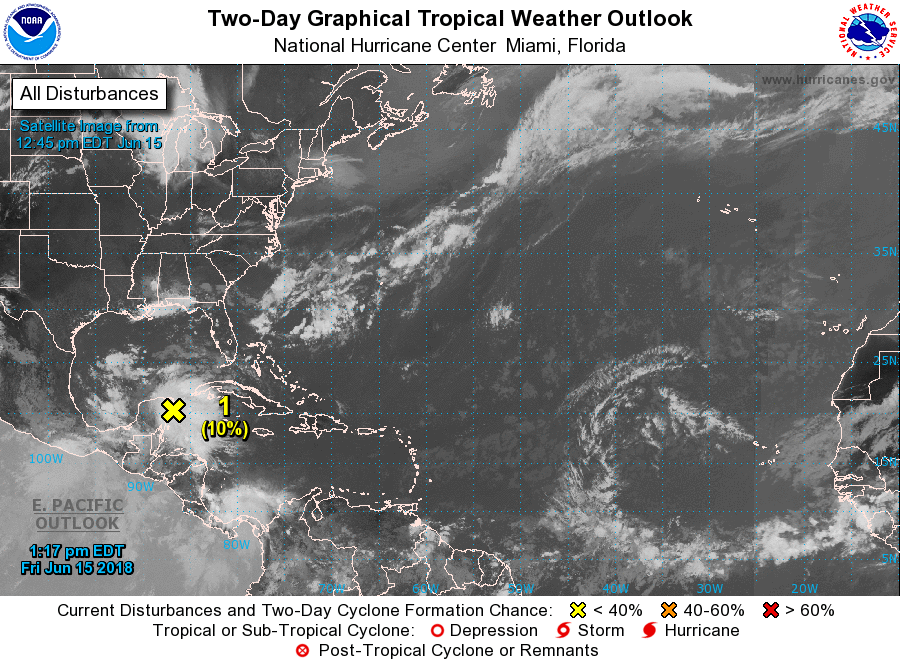
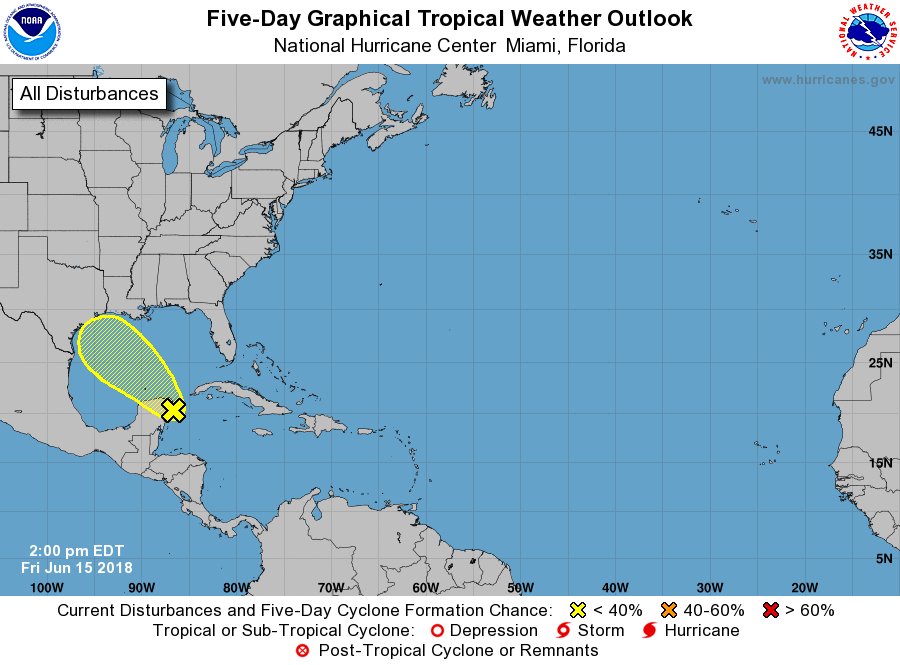
For the North Atlantic...Caribbean Sea and the Gulf of Mexico:

1. A large area of disorganized showers and thunderstorms over the northwestern Caribbean Sea and the Yucatan Peninsula is associated with a surface trough. While significant development of this system is not anticipated, heavy rain and strong gusty winds are occurring across the Yucatan Peninsula today, and will overspread the central Gulf of Mexico on Saturday and reach portions of the Texas and southwestern Louisiana coasts by Sunday. For more details on this system please see products issued by your local weather office and High Seas Forecasts issued by the National Weather Service.
* Formation chance through 48 hours...low...10 percent.
* Formation chance through 5 days...low...10 percent.

High Seas Forecasts issued by the National Weather Service can be found under AWIPS header NFDHSFAT1, WMO header FZNT01 KWBC, and on the Web at http://ocean.weather.gov/shtml/NFDHSFAT1.shtml.

Forecaster Blake